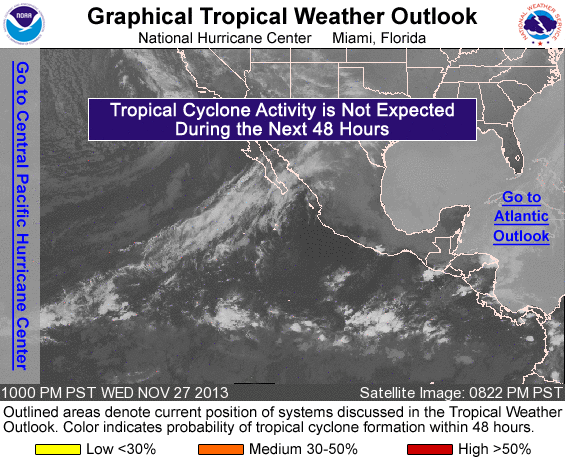
FOR THE EASTERN NORTH PACIFIC...EAST OF 140 DEGREES WEST LONGITUDE..

TROPICAL CYCLONE FORMATION IS NOT EXPECTED DURING THE NEXT 5 DAYS.

&&
FIVE-DAY FORMATION PROBABILITIES ARE EXPERIMENTAL IN 2013. COMMENTS ON THE EXPERIMENTAL FORECASTS CAN BE PROVIDED AT...

HTTP://WWW.NWS.NOAA.GOV/SURVEY/NWS-SURVEY.PHP?CODE=ETWO

FORECASTER AVILA